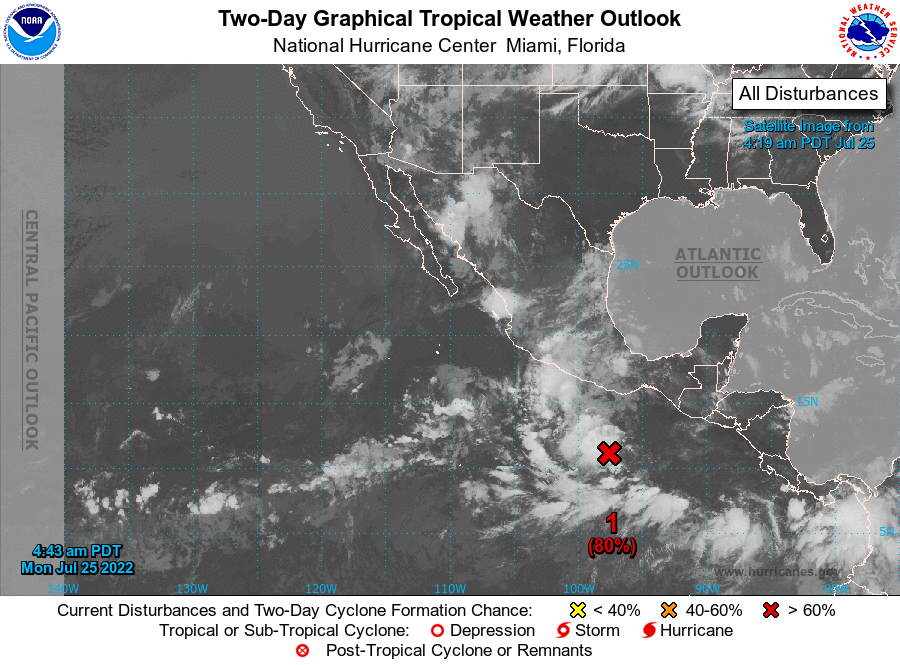
For the eastern North Pacific...east of 140 degrees west longitude:

1. Offshore of Southern Mexico: Shower and thunderstorm activity has increased this morning in association with a broad area of low pressure located a few hundred miles south of the coast of southern Mexico. Environmental conditions appear conducive for additional development, and this system is likely to become a tropical depression in the next day or two. This low pressure area is forecast to move generally westward at 10 to 15 mph, remaining well south of the coast of southern and southwestern Mexico during the next several days.
* Formation chance through 48 hours...high...80 percent.
* Formation chance through 5 days...high...90 percent.

Forecaster Papin